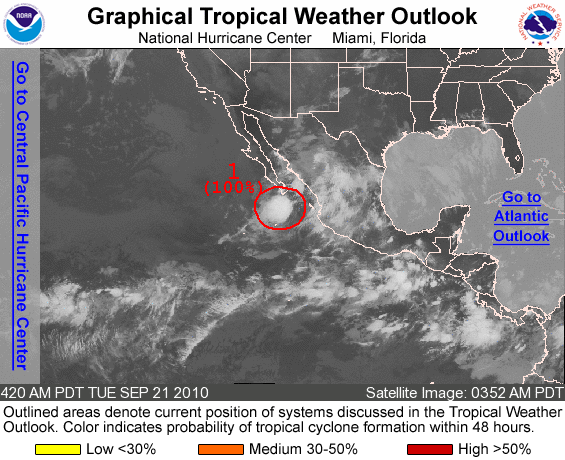
FOR THE EASTERN NORTH PACIFIC...EAST OF 140 DEGREES WEST LONGITUDE..

1. A WELL-DEFINED LOW PRESSURE SYSTEM CENTERED ABOUT 85 MILES SOUTH-SOUTHEAST OF THE SOUTHERN TIP OF BAJA CALIFORNIA IS MOVING NORTH-NORTHWESTWARD AT 10 TO 15 MPH. THIS SYSTEM IS ACCOMPANIED BY GALE-FORCE WINDS AND HAS ACQUIRED ENOUGH ORGANIZED CONVECTION TO BE CLASSIFIED AS A TROPICAL STORM AND...AS A RESULT...A SPECIAL ADVISORY WILL BE ISSUED SHORTLY ON TROPICAL STORM GEORGETTE. INTERESTS IN SOUTHERN BAJA CALIFORNIA SHOULD MONITOR THE PROGRESS OF THIS SYSTEM AS TROPICAL STORM WARNINGS WILL BE REQUIRED. THERE IS A HIGH CHANCE...NEAR 100 PERCENT... OF THIS SYSTEM BECOMING A TROPICAL CYCLONE DURING THE NEXT 48 HOURS.

ELSEWHERE...TROPICAL CYCLONE FORMATION IS NOT EXPECTED DURING THE NEXT 48 HOURS.

FORECASTER STEWART/BERG